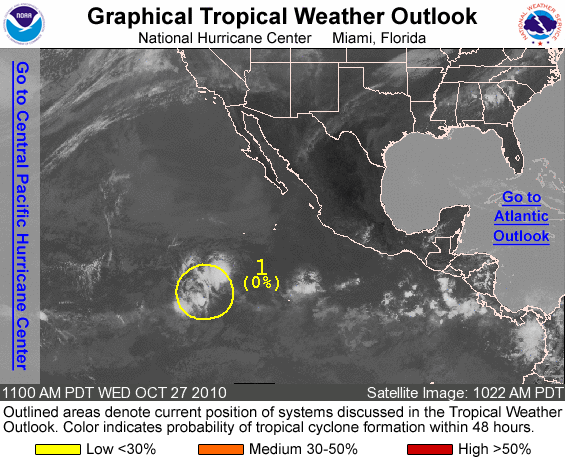
FOR THE EASTERN NORTH PACIFIC...EAST OF 140 DEGREES WEST LONGITUDE..

1. SHOWERS AND THUNDERSTORMS ASSOCIATED WITH A SMALL LOW PRESSURE SYSTEM LOCATED ABOUT 1000 MILES SOUTHWEST OF THE SOUTHERN TIP OF BAJA CALIFORNIA HAVE CHANGED LITTLE IN ORGANIZATION. DEVELOPMENT OF THIS DISTURBANCE IS NOT EXPECTED AS IT MOVES WEST-NORTHWESTWARD AT AROUND 10 MPH DURING THE NEXT COUPLE OF DAYS. THERE IS A LOW CHANCE...NEAR 0 PERCENT...OF THIS SYSTEM BECOMING A TROPICAL CYCLONE DURING THE NEXT 48 HOURS.

ELSEWHERE...TROPICAL CYCLONE FORMATION IS NOT EXPECTED DURING THE NEXT 48 HOURS.

FORECASTER KIMBERLAIN